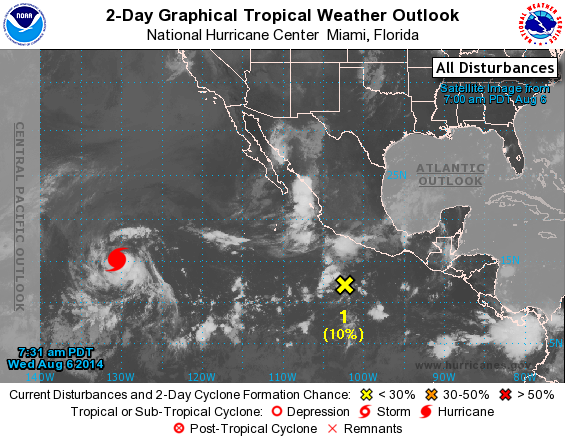
For the eastern North Pacific...east of 140 degrees west longitude:

The National Hurricane Center is issuing advisories on recently- upgraded Hurricane Julio, located about 1400 miles west-southwest of the southern tip of the Baja California peninsula.

1. A surface trough located several hundred miles south-southwest of Acapulco, Mexico is producing disorganized shower and thunderstorm activity. Development of this disturbance, if any, is expected to be slow while the system moves westward to west-northwestward at 10 to 15 mph during the next few days.
* Formation chance through 48 hours...low...10 percent.
* Formation chance through 5 days...low...20 percent.

Forecaster Beven